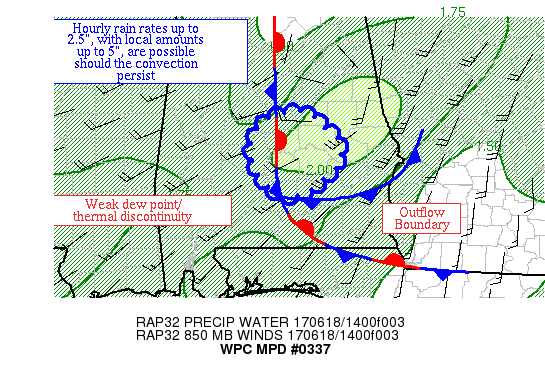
AREAS AFFECTED...SOUTH-CENTRAL AL

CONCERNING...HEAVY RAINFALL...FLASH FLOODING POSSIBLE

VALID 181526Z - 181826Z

SUMMARY...THUNDERSTORMS ARE FORMING DUE TO DAYTIME HEATING IN THE
SOUTHWEST FLANK OF A STATIONARY MCV.  HOURLY RAIN RATES COULD RISE
BACK TO 2.5", WITH LOCAL AMOUNTS UP TO 5" POSSIBLE OVER SATURATED
SOILS.

DISCUSSION...AN MCV HAS BEEN STALLED IN EAST-CENTRAL AL NEAR
TALLASSEE FOR QUITE SOME TIME, REINFORCED BY EARLY MORNING
CONVECTION.  THE SYSTEM LIES IN A COL IN THE MID-LEVEL FLOW, WITH
GUIDANCE SUGGESTING IT SHOULD REMAIN STATIONARY THROUGH THE DAY
TODAY.  THE ACTIVITY INITIALLY FORMED NEAR A WEAK DEW POINT
GRADIENT STRETCHING NORTH TO SOUTH ACROSS AL, WHICH HAS BEEN
REINFORCED BY A COLD POOL FROM MORNING CONVECTION.  MLCAPE VALUES
ARE RISING SLOWLY DUE TO DAYTIME HEATING, IN THE 500-1000 J/KG
RANGE, WHICH IS ALLOWING NEW CONVECTION TO FORM WITHIN ITS
SOUTHWEST QUADRANT.  INFLOW AT 850 HPA IN THAT AREA IS 15-20 KTS
AND CONVERGENT FROM THE SOUTHWEST.  BULK SHEAR IS LESS THAN 25
KTS, SUGGESTING THAT CONVECTION WOULD BE PULSE IN NATURE.

WITH SUNSHINE FILTERED BY HIGH CLOUDS, BELIEVE 500-1000 J/KG OF
MLCAPE COULD BUILD TO THE WEST AND SOUTH OF THE RENEWED CONVECTION
TODAY, WHICH WOULD KEEP THUNDERSTORM DEVELOPMENT GOING.  IF THE
CONVECTION GROWS IN SCALE, A SOUTHWEST DRIFT IS POSSIBLE PER THE
FORWARD PROPAGATING CONVECTIVE VECTORS.  HOWEVER, IF CONVECTION
DOES NOT GROW IN SCALE, THE COLD POOL WOULD WEAKEN WHICH WOULD
KEEP CONVECTION LOOSELY ORGANIZED WITH LESS OF A DRIFT.  THE
MESOSCALE GUIDANCE DOES NOT BELIEVE IT WILL PERSIST, BUT RECENT
RADAR TRENDS ARE HARD TO IGNORE.  SOILS ARE SATURATED IN THIS
REGION FROM THE PAST FEW DAYS OF RAINFALL, AND FLASH FLOOD
GUIDANCE VALUES HAVE FALLEN QUITE A BIT DUE TO THE EARLY MORNING
RAINS.  HOURLY RAIN RATES COULD RISE BACK TO 2.5", WHICH COULD
ALLOW FOR LOCAL AMOUNTS UP TO 5" (SHOULD IT REORGANIZE) OVER THE
NEXT SEVERAL HOURS.  UNCERTAINTY IS HIGH IN THIS SCENARIO SO KEPT
THE CATEGORY AS POSSIBLE AND KEPT THE HORIZON AT THREE HOURS.